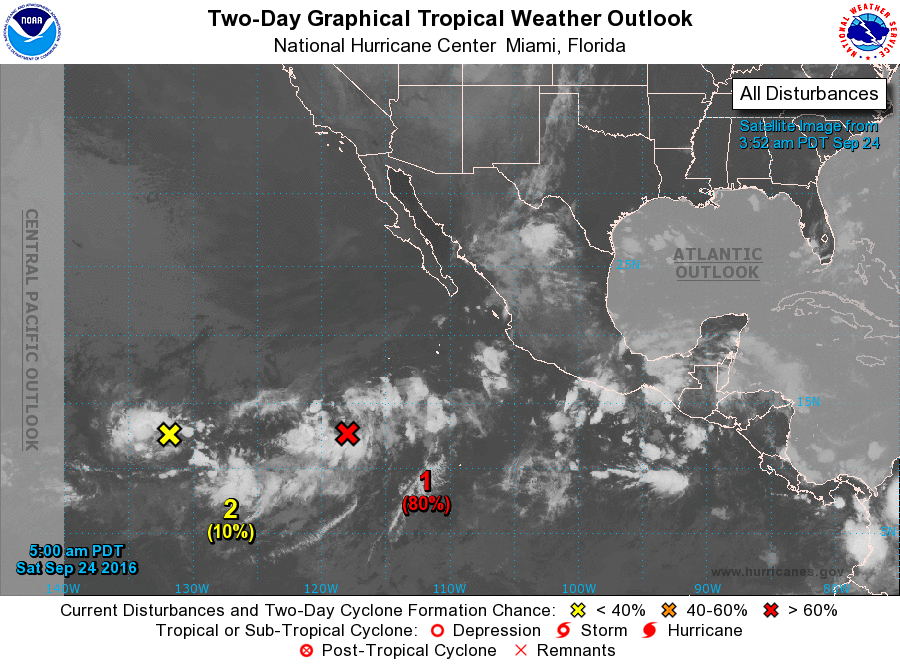
For the eastern North Pacific...east of 140 degrees west longitude:

1. A large low pressure area centered about 900 miles southwest of the southern tip of Baja California Sur is producing disorganized shower and thunderstorm activity. Satellite images indicate that the low's circulation, although still broad, is gradually becoming better defined, and environmental conditions are conducive for a tropical depression to form during the next day or two. This disturbance is expected to move slowly northward during the next few days.
* Formation chance through 48 hours...high...80 percent
* Formation chance through 5 days...high...90 percent

2. An area of low pressure located about 1500 miles east-southeast of the Big Island of Hawaii is also producing disorganized showers and thunderstorms. Environmental conditions are forecast to become more favorable for some development of this system by early next week while the disturbance moves generally west-northwestward.
* Formation chance through 48 hours...low...10 percent
* Formation chance through 5 days...medium...40 percent

Forecaster Cangialosi